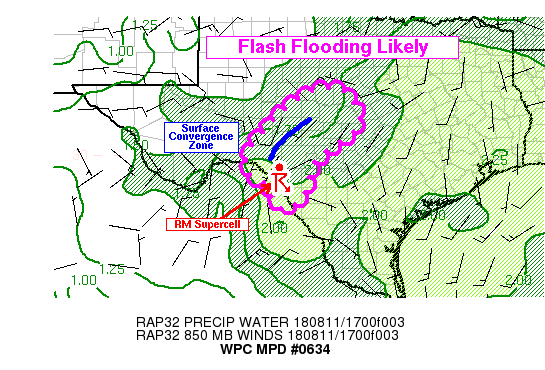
Areas affected...Texas Hill Country and the Edwards Plateau

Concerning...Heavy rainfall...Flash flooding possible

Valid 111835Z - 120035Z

Summary...A slow-moving cluster of thunderstorms was affecting the
Del Rio area and producing very heavy rainfall. The storms may
continue to persist and will likely produce flash flooding.
Additional storms may develop further north into Texas Hill
Country. Rain from these storms would be falling on areas that
have recently received moderate to heavy rainfall, and thus flash
flooding would also be likely in these areas.

Discussion...KDFX radar showed a prominent thunderstorm cluster
right along the Rio Grande River near Del Rio, Texas. A
right-moving supercell was likely embedded along the eastern edge
of this cluster, and was beginning to propagate into far western
Kinney County as of 1830Z. The associated mesocyclone did not
appear particularly strong at the time per KDFX velocity, but the
storm was following the Bunkers right-moving supercell vectors and
dropping more southeast along the river, as compared to northeast
like the Corfidi vectors and 850-300mb mean wind would suggest.
The result has been a slow-moving convective cluster moving right
across Del Rio, with KDFX dual pol estimates of 2+ in/hr rain
rates. This will likely lead to flash flooding in that immediate
area. There was also a larger convective cluster trailing the
supercell to the WNW, and some of these thunderstorms may begin to
propagate northeast -- back into the areas that have just received
heavy rainfall.

Further north, KSJT radar showed some weaker convection just
beginning to initiate near Sonora, Texas, along a surface
convergence zone evident in GOES-16 visible satellite (as a line
of enhanced cumulus development) and Texas mesonet wind fields.
The deep layer mean winds in this area were relatively weak, and
aligned with the orientation of the developing convection, and
thus the thunderstorms should have a proclivity to be slow-moving
and train. This convection is developing in an area of reduced FFG
due to recent heavy rainfall, and rain rates of around 1.5 in/hr
could be sufficient to produce flash flooding in the hilly terrain
of the region. This seems achievable given the expectations for
storm motion and the environment, with PWs approaching 2 inches.